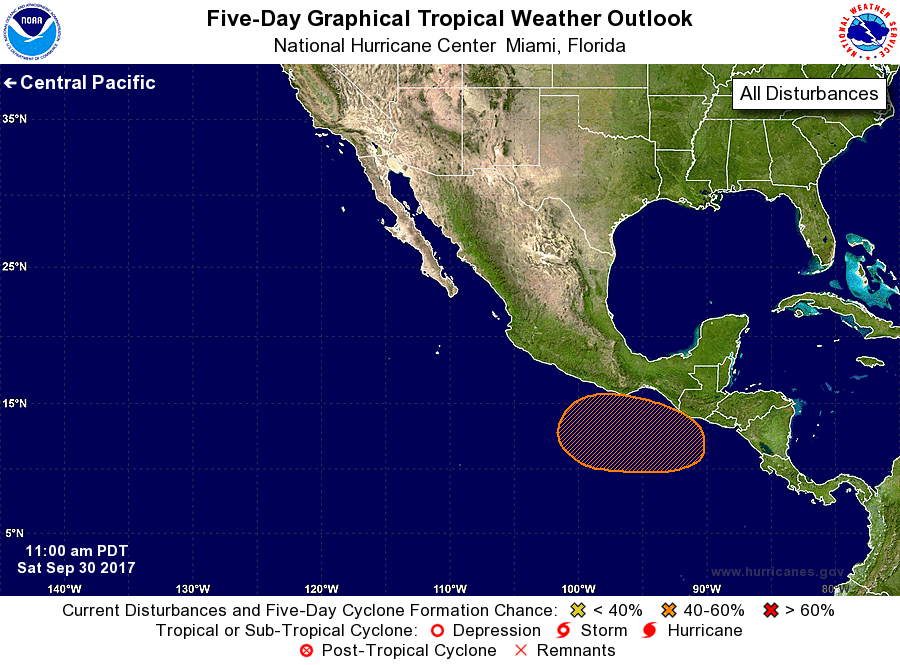
For the eastern North Pacific...east of 140 degrees west longitude:

1. An area of low pressure is forecast to develop a few hundred miles south of the southern coast of Mexico or Guatemala, near the Gulf of Tehuantepec, by the middle of next week. Environmental conditions are expected to be conducive for gradual development while the system moves slowly west-northwestward or northwestward.
* Formation chance through 48 hours...low...near 0 percent.
* Formation chance through 5 days...medium...40 percent.

Forecaster Zelinsky